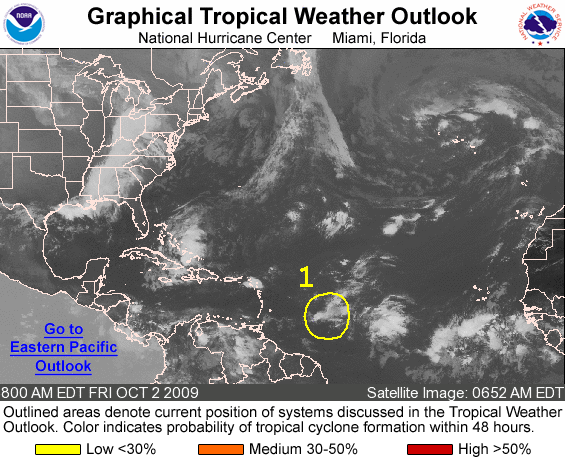
FOR THE NORTH ATLANTIC...CARIBBEAN SEA AND THE GULF OF MEXICO...

1. A TROPICAL WAVE LOCATED ABOUT 650 MILES EAST OF THE LESSER ANTILLES IS MOVING WESTWARD AT ABOUT 10 TO 15 MPH. SHOWERS AND THUNDERSTORMS ASSOCIATED WITH THIS SYSTEM HAVE DIMINISHED...AND UPPER-LEVEL WINDS ARE CURRENTLY NOT CONDUCIVE FOR DEVELOPMENT. THERE IS A LOW CHANCE ...LESS THAN 30 PERCENT...OF THIS SYSTEM BECOMING A TROPICAL CYCLONE DURING THE NEXT 48 HOURS.

ELSEWHERE...TROPICAL CYCLONE FORMATION IS NOT EXPECTED DURING THE NEXT 48 HOURS.

FORECASTER ROBERTS/BRENNAN